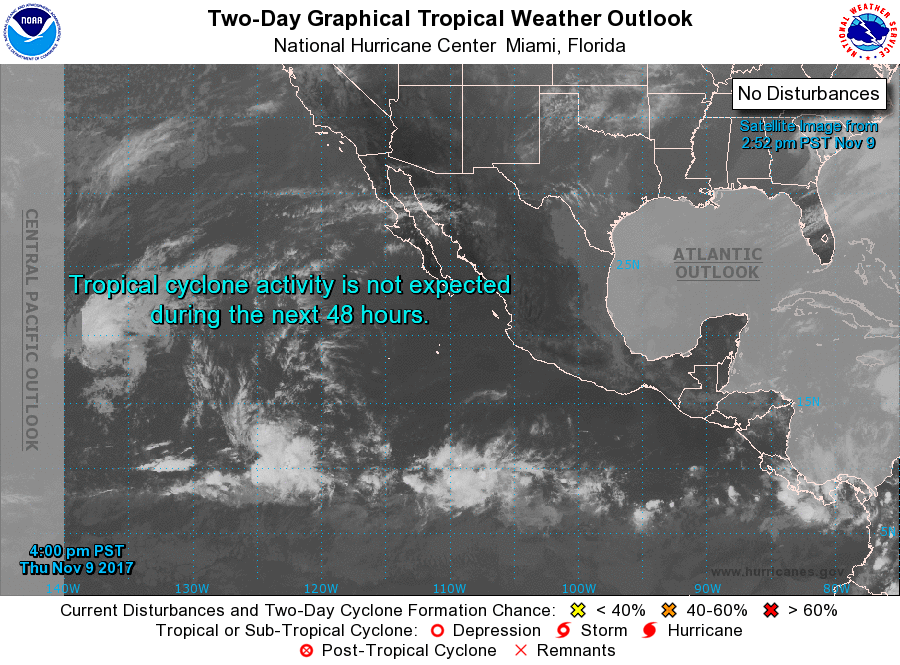
For the eastern North Pacific...east of 140 degrees west longitude:

Tropical cyclone formation is not expected during the next 5 days.

Forecaster Cangialosi